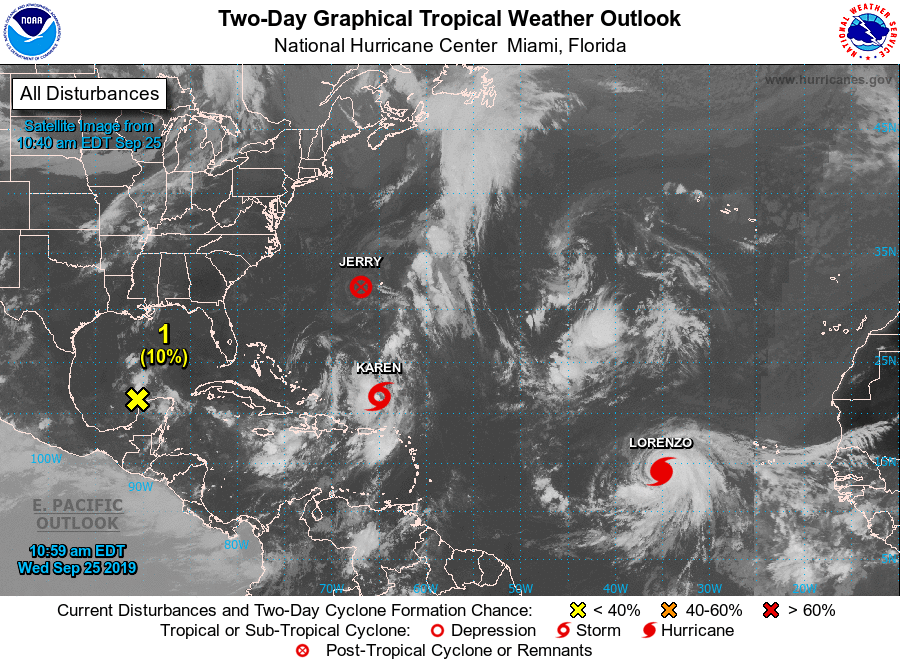
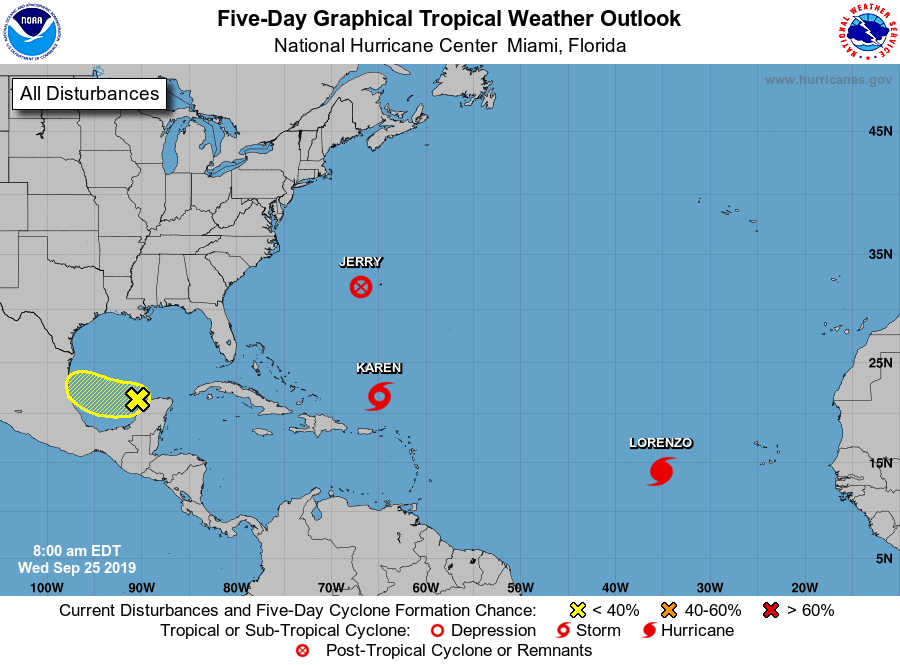
For the North Atlantic...Caribbean Sea and the Gulf of Mexico:

The National Hurricane Center is issuing advisories on Post-Tropical Cyclone Jerry, located just to the west of Bermuda, on Tropical Storm Karen, located just to the north of Puerto Rico and the U.S. Virgin Islands, and on Tropical Storm Lorenzo, located over the eastern tropical Atlantic.

1. A weak area of low pressure located just offshore of the northwestern coast of the Yucatan peninsula is producing limited shower activity. Significant development of this system is not anticipated while it moves westward at about 5 mph across the southwestern Gulf of Mexico. The disturbance is expected to move inland over northeastern Mexico on Saturday.
* Formation chance through 48 hours...low...10 percent.
* Formation chance through 5 days...low...10 percent.

Forecaster Berg